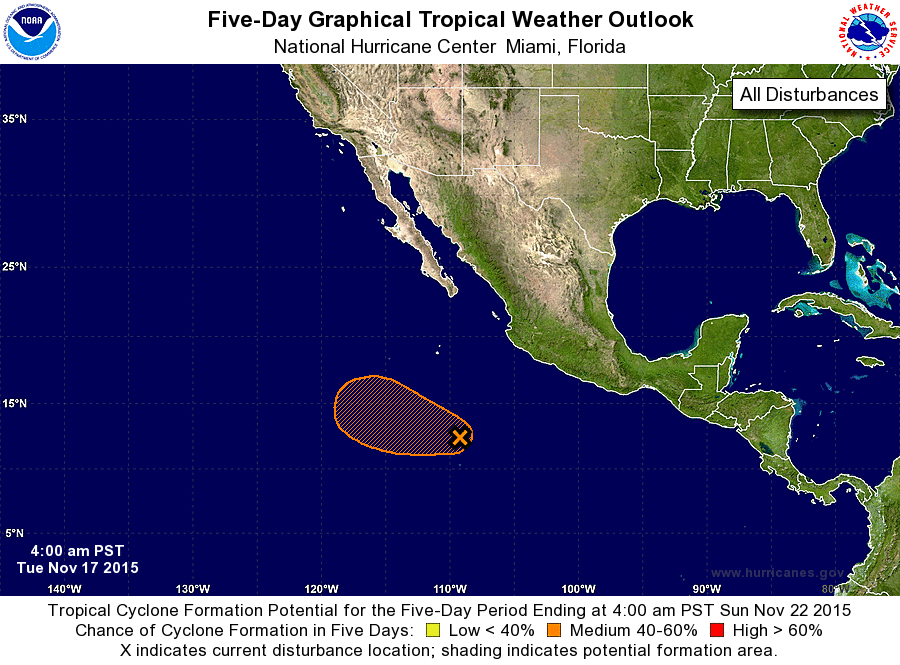
For the eastern North Pacific...east of 140 degrees west longitude:

An elongated area of low pressure extending from several hundred miles south to southwest of the southern tip of the Baja California peninsula is producing a large area of cloudiness and thunderstorms. Environmental conditions are conducive for development, and a tropical depression could form during the next few days while this system moves west-northwestward to northwestward.

1.
* Formation chance through 48 hours...low...30 percent
* Formation chance through 5 days...medium...50 percent

Forecaster Kimberlain/Brown